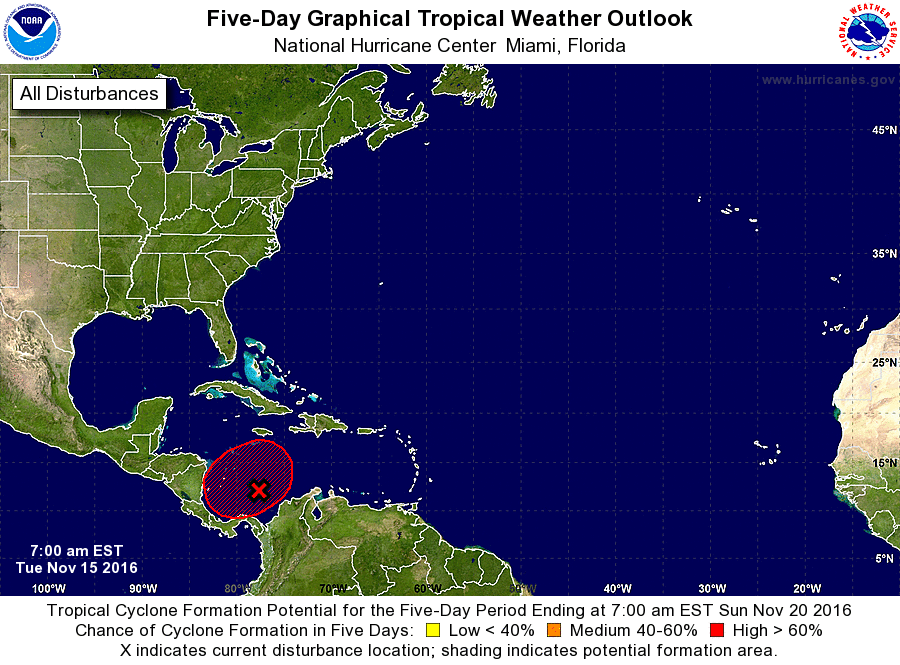
For the North Atlantic...Caribbean Sea and the Gulf of Mexico:

1. A large area cloudiness and thunderstorms is associated with a broad low pressure system located over the southwestern Caribbean Sea. Environmental conditions are expected to be conducive for slow development of this disturbance during the next several days, and a tropical depression is likely to form by late this week or over the weekend while the low drifts northward or northeastward.
* Formation chance through 48 hours...low...10 percent
* Formation chance through 5 days...high...80 percent

Forecaster Stewart